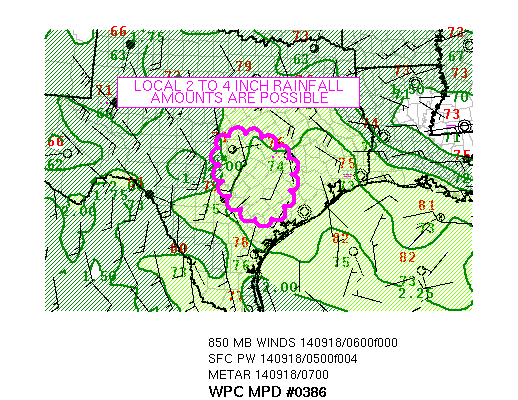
AREAS AFFECTED......CENTRAL AND SOUTHEAST TX...

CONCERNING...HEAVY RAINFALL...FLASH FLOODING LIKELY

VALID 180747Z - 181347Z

SUMMARY...A LOW LEVEL INFLOW OF HIGH MOISTURE CONTENT AIR WILL
CONTINUE TO FEED INTO A CONVECTIVE CLUSTER CROSSING PORTIONS OF
CENTRAL AND SOUTHEAST TX...RESULTING IN THE LIKELIHOOD OF FLASH
FLOODING.

DISCUSSION...THE CONVECTIVE CLUSTER DROPPING SLOWLY SOUTHWARD
THROUGH CENTRAL TX CONTINUES TO PRODUCE HOURLY RAINFALL RATES
BETWEEN 1.50 AND 2.50 INCHES (ESTIMATES BASED ON THE KGRK RADAR.
THE LOW LEVEL INFLOW REMAINS NEAR 20 KNOTS (AS SEEN ON LOCAL WVP).
THE LOW LEVEL FLOW HAS ACCESS TO A POOL OF 2.20 INCH PRECIPITABLE
WATER AIR...AND THE INFLOW AND MOISTURE SHOULD SUSTAIN THE
CONVECTIVE CLUSTER THROUGH AT LEAST 13Z.

HIGH RESOLUTION GUIDANCE (MOST NOTABLY THE LATEST HRRR AND 00Z NAM
CONEST) PLACED BETWEEN 2 AND 4 INCHES OF RAINFALL WITH THE CLUSTER
AS IT DROPS SOUTHWARD. THE LATEST SSEO MEAN NEIGHBORHOOD
PROBABILITIES START DROPPING AFTER 13Z...ABOUT THE TIME THE BEST
INSTABILITY SHOULD START WANING. BEFORE THAT TIME...FLASH FLOODING
IS LIKELY.